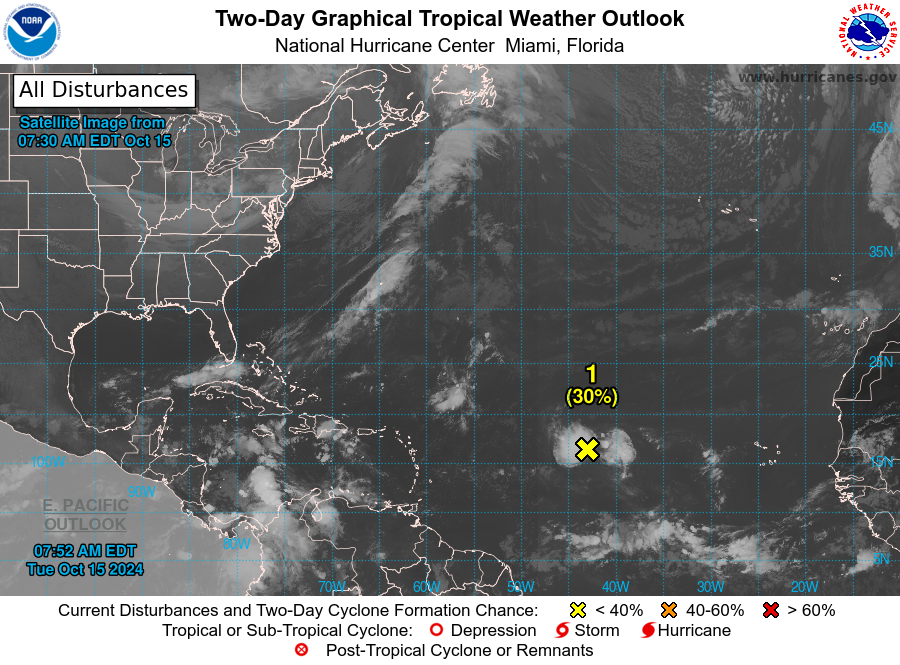
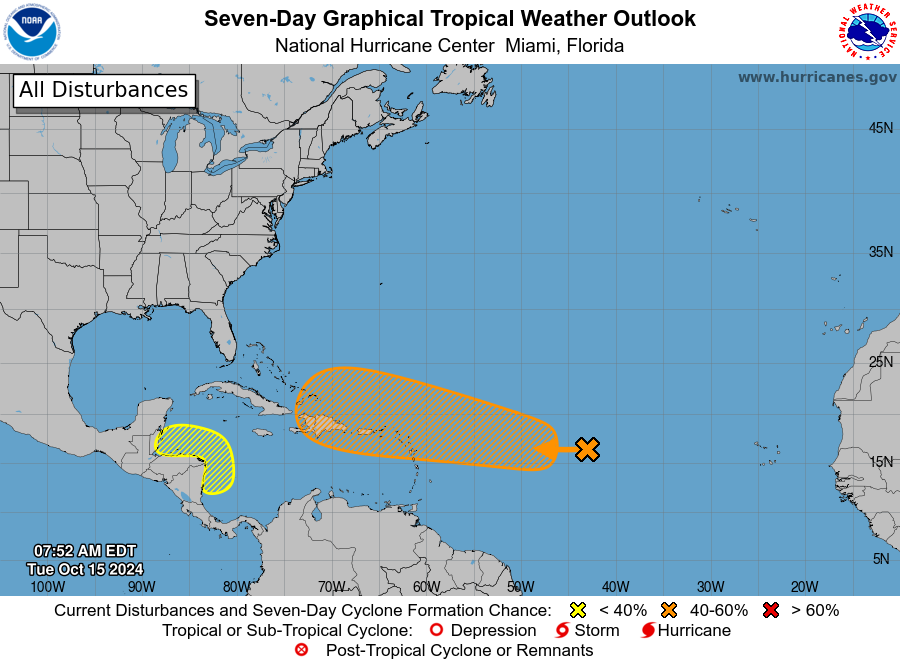
For the North Atlantic...Caribbean Sea and the Gulf of Mexico:

1. Central Tropical Atlantic (AL94): An area of low pressure located over the central tropical Atlantic is producing disorganized showers and thunderstorms. This system is forecast to move generally westward, and environmental conditions could become more conducive for gradual development by the middle to latter part of this week. A tropical depression could form as the system begins moving west-northwestward and approaches or moves near the Leeward Islands late this week.
* Formation chance through 48 hours...low...30 percent.
* Formation chance through 7 days...medium...60 percent.

2. Western Caribbean Sea: A broad area of low pressure could develop over the southwestern Caribbean Sea by the middle to latter portions of this week. Some gradual development is possible thereafter if the system stays over water while it moves slowly west-northwestward towards northern Central America. Regardless of development, locally heavy rainfall is possible across portions of Central America later this week.
* Formation chance through 48 hours...low...near 0 percent.
* Formation chance through 7 days...low...30 percent.

Forecaster Bucci